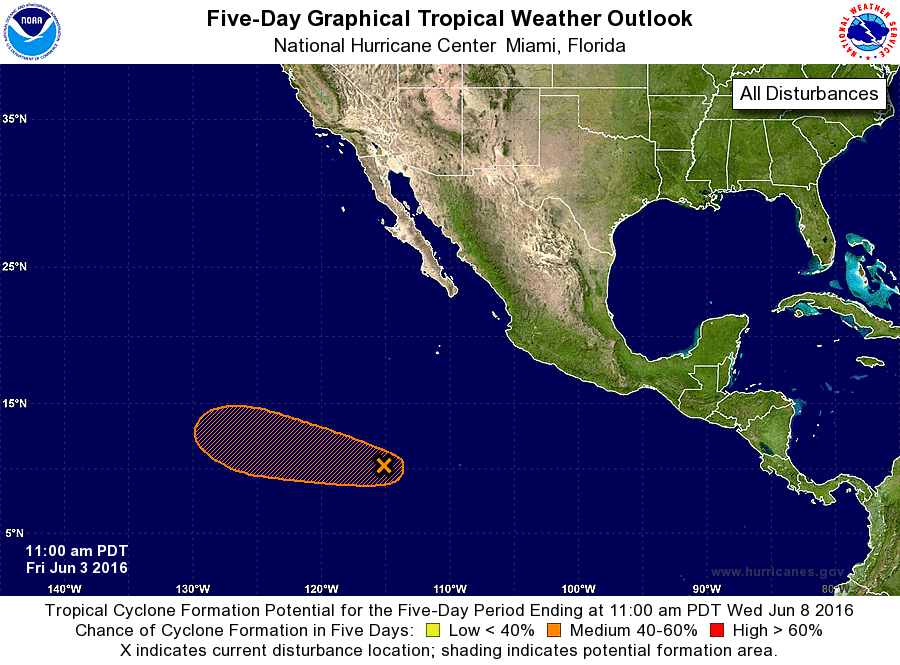
For the eastern North Pacific...east of 140 degrees west longitude:

1. Showers and thunderstorms associated with an area of low pressure located about 975 miles south-southwest of the southern tip of the Baja California peninsula have increased since yesterday. Environmental conditions appear generally conducive for development, and a tropical depression could form during the next few days while the low moves west-northwestward.
* Formation chance through 48 hours...medium...50 percent
* Formation chance through 5 days...medium...60 percent

Forecaster Cangialosi